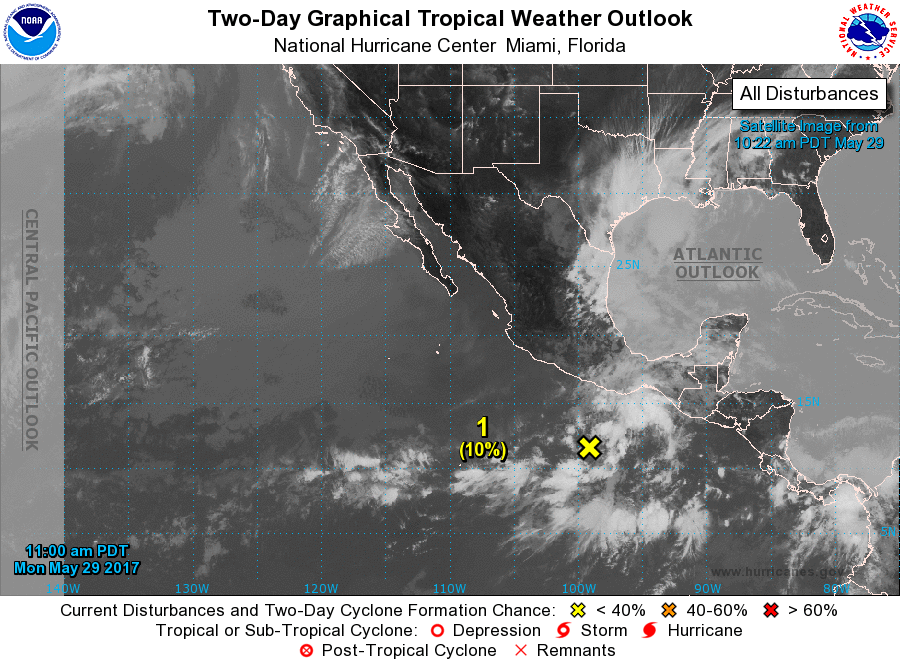
For the eastern North Pacific...east of 140 degrees west longitude:

1. A large low pressure system is located a few hundred miles south of Acapulco, Mexico. Cloudiness and showers have become a little better organized since yesterday, and gradual development of this disturbance is possible during the next several days while it drifts generally northward.
* Formation chance through 48 hours...low...10 percent.
* Formation chance through 5 days...medium...60 percent.

Forecaster Stewart